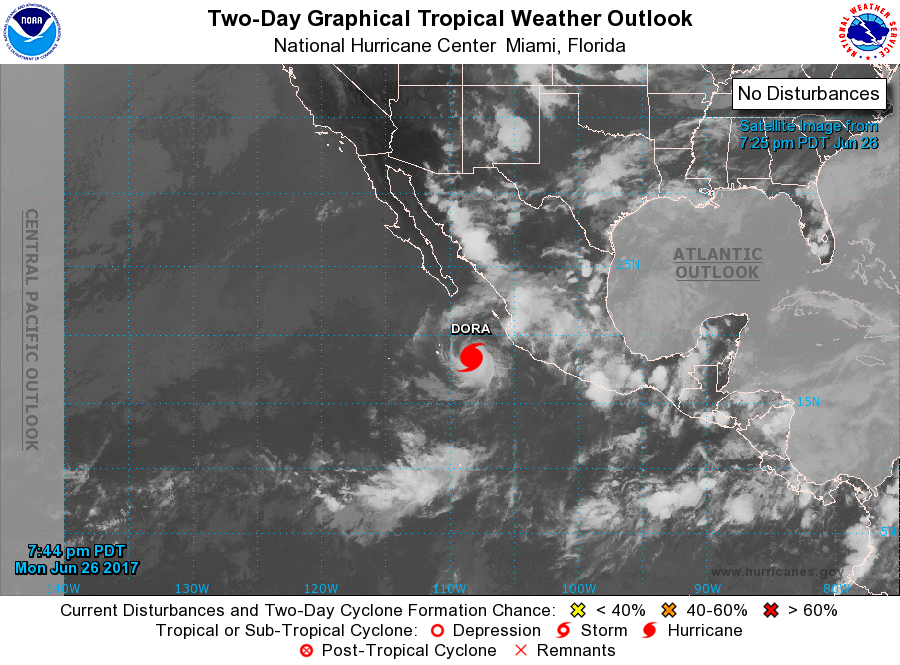
For the eastern North Pacific...east of 140 degrees west longitude:

The National Hurricane Center is issuing advisories on Hurricane Dora, located a couple of hundred miles south-southwest of Cabo Corrientes, Mexico.

1. A broad area of low pressure is expected to form late this week a few hundred miles south of the southern coast of Mexico. Some gradual development of this system is possible over the weekend while it moves west-northwestward.
* Formation chance through 48 hours...low...near 0 percent.
* Formation chance through 5 days...low...20 percent.

Forecaster Brown